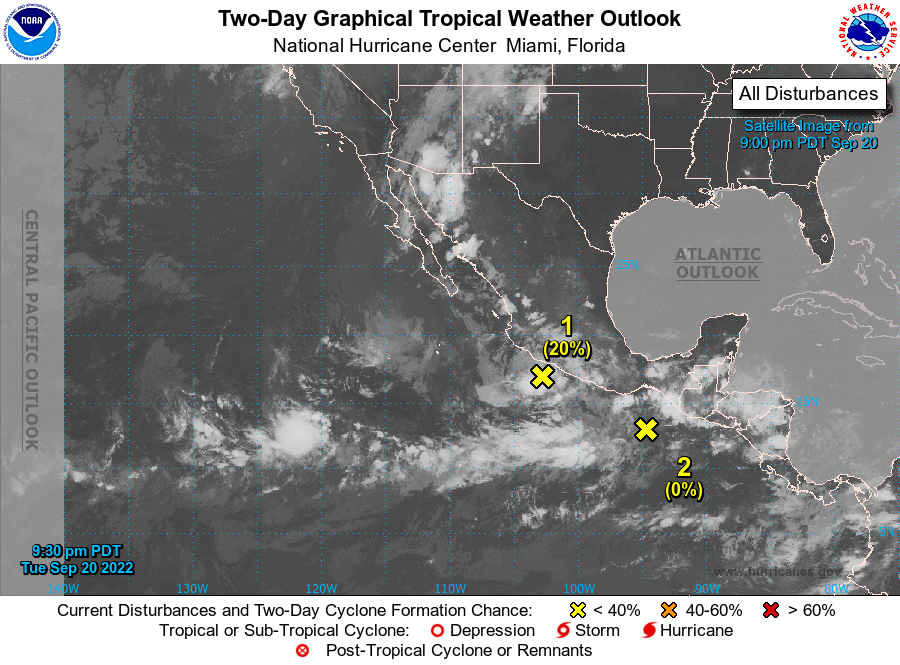
For the eastern North Pacific...east of 140 degrees west longitude:

Active Systems: The National Hurricane Center has issued its last advisory on Post-Tropical Cyclone Madeline, located a couple hundred miles southwest of the southern tip of the Baja California peninsula.

1.

1. South of Southwestern Mexico: Shower and thunderstorm activity associated with an area of low pressure located just off the coast of southwestern Mexico has shown signs of becoming better organized today. Environmental conditions are expected to support some additional development of this system as it moves west-northwestward near or just south of the southwestern coast of Mexico today and tonight, and then away from the coast of Mexico through the end of the week.
* Formation chance through 48 hours...low...20 percent.
* Formation chance through 5 days...low...30 percent.

2.

2. South of Central America and Southeastern Mexico: A broad area of low pressure offshore of southern Mexico and Guatemala is producing disorganized showers and thunderstorms. Development of this system, if any, should be slow to occur while it meanders off the coast of southern Mexico through the week.
* Formation chance through 48 hours...low...near 0 percent.
* Formation chance through 5 days...low...10 percent.

Forecaster D. Zelinsky/Jelsema